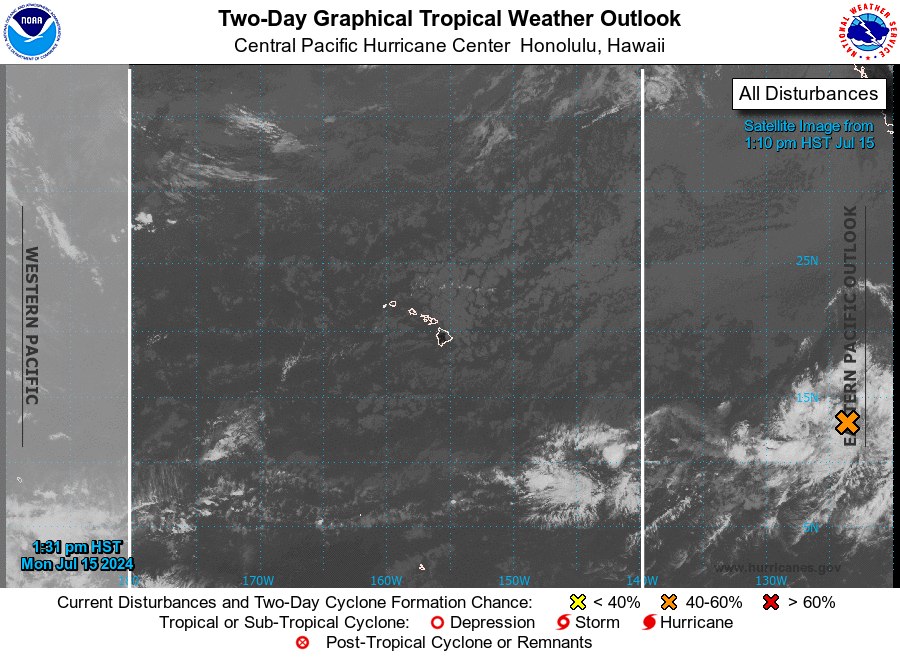
For the central North Pacific...between 140W and 180W:

No tropical cyclones are expected during the next 7 days.

Forecaster Shigesato